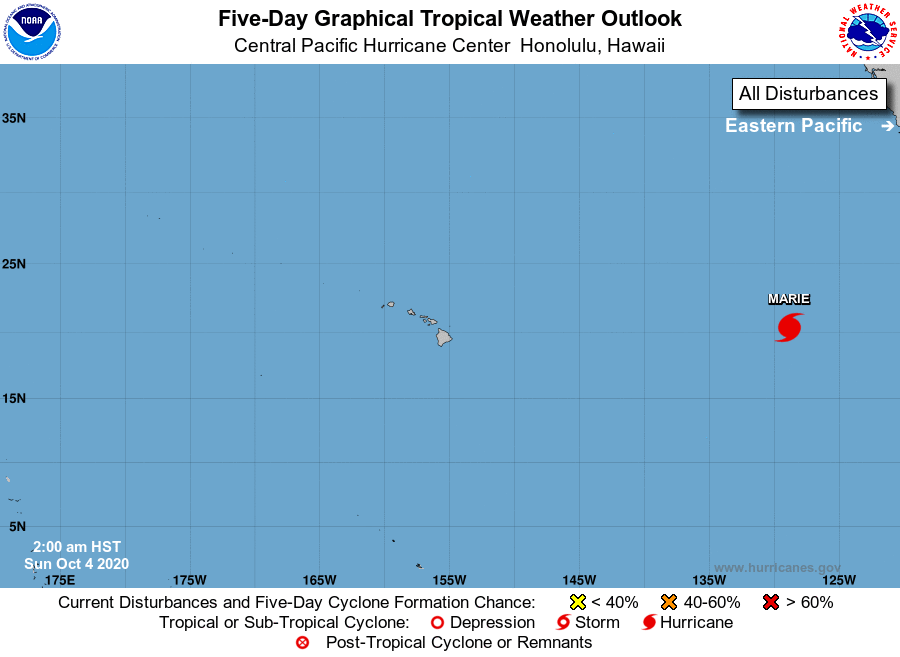
For the central North Pacific...between 140W and 180W:

No tropical cyclones are expected during the next 5 days.

Forecaster Blood